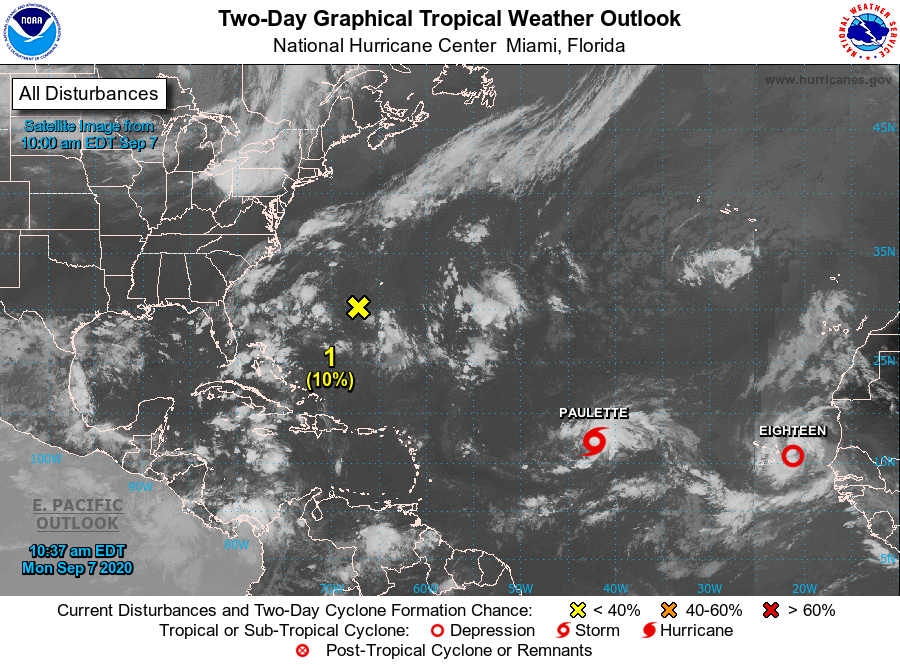
For the North Atlantic...Caribbean Sea and the Gulf of Mexico:

The National Hurricane Center is issuing advisories on Tropical Depression Seventeen, located over the central tropical Atlantic, and on newly-developed Tropical Depression Eighteen, located a couple of hundred miles east of the Cabo Verde Islands.

1. An area of low pressure located just southwest of Bermuda is producing disorganized showers and a few thunderstorms. Some slow development of this system is possible during the next several days while it moves generally westward or west-northwestward.
* Formation chance through 48 hours...low...10 percent.
* Formation chance through 5 days...low...30 percent.

2. A tropical wave is forecast to emerge off the west coast of Africa in a few days. Gradual development is anticipated once the system moves over water and a tropical depression could form late this week or over the weekend while the system moves generally westward across the eastern Atlantic.
* Formation chance through 48 hours...low...near 0 percent.
* Formation chance through 5 days...medium...40 percent.

Public Advisories on Tropical Depression Seventeen are issued under WMO header WTNT32 KNHC and under AWIPS header MIATCPAT2. Forecast/Advisories on Tropical Depression Seventeen are issued under WMO header WTNT22 KNHC and under AWIPS header MIATCMAT2.

Public Advisories on Tropical Depression Eighteen are issued under WMO header WTNT33 KNHC and under AWIPS header MIATCPAT3. Forecast/Advisories on Tropical Depression Eighteen are issued under WMO header WTNT23 KNHC and under AWIPS header MIATCMAT3.

Forecaster Zelinsky